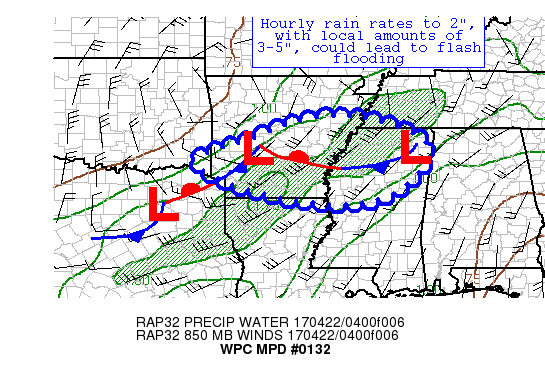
AREAS AFFECTED...SOUTHERN AR, NORTHERN MS, AND SOUTHWEST TN

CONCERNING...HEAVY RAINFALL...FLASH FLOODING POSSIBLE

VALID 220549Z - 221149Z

SUMMARY...CLUSTERS OF STRONG THUNDERSTORMS WITH HOURLY RAIN RATES
TO 2" COULD DROP LOCAL AMOUNTS OF 3-5", WHICH COULD LEAD TO FLASH
FLOODING.

DISCUSSION...A 05Z MESOSCALE ANALYSIS REVEALS A WAVY FRONTAL
BOUNDARY ACROSS NORTHEAST TX AND SOUTHWEST AR.  THE PRIMARY/MOST
IMPORTANT WAVE APPEARS TO BE NEAR SULPHUR SPRINGS TX.  DIVERGENCE
ALOFT IS BEING FOSTERED BY AN UPPER LOW IN SOUTHEAST KS.
CONVECTION DOWNSTREAM OF THE WAVE APPEARS TO BE TRYING TO
BRIDGE/TRAIN ACROSS SOUTHWEST AR AS OF LATE.  CIN IS MINIMAL IN
THIS REGION, SO THE CONVECTION IS NOT ALL THAT ELEVATED OVER
NEARBY BOUNDARIES.  PRECIPITABLE WATER VALUES OF 1.3-1.7" HAVE
BEEN SEEN IN RECENT GPS DATA.  INFLOW AT 850 HPA IS WEST-SOUTHWEST
AT 35-40 KTS, NEAR THE MAGNITUDE OF THE MEAN 850-400 HPA WIND.
BULK SHEAR IN THE 0-6 KM LAYER IS CLOSE TO 40 KTS PER THE SPC
MESOANALYSIS PAGE.  THE WIND FLOW IS NEARLY UNIDIRECTIONAL WITH
HEIGHT.  MUCAPES OF 1000-2000 J/KG LIE ACROSS NORTHEAST TX AND IN
SOUTHERNMOST AR.

WITH LOW-LEVEL INFLOW EXPECTED TO STRENGTHEN ANOTHER 5-10 KTS,
BACKBUILDING CONVECTION IS POSSIBLE.  THE PRIMARY ISSUE IS
EXPECTED TO BE CELL TRAINING, THOUGH EMBEDDED MESOCYCLONES IN THIS
ENVIRONMENT, AS SEEN RECENTLY IN SOUTHWEST AR, COULD AUGMENT THE
HEAVY RAIN RISK.  PROPAGATION SHOULD BE PARALLEL TO THE MUCAPE
GRADIENT, EAST-SOUTHEAST AT ~30 KTS.  HOURLY RAIN RATES UP TO 2",
WITH LOCAL AMOUNTS OF 3-5", APPEAR TO BE IN THE CARDS.  THE
GUIDANCE THAT SEEMS TO HAVE THE EXPECTED CONVECTIVE PATTERN
CAPTURED THE BEST IS THE 00Z SPCWRF, 00Z WRF4NSSL, 00Z NAM CONEST,
THE 00Z CANADIAN REGIONAL, AND TO SOME DEGREE THE 00Z GFS, THOUGH
THEY DON'T SEEM TO HAVE HANDLED THE POSSIBLE EASTWARD EXTENT VERY
WELL BASED ON RAP MASS FIELDS.  FLASH FLOODING IS CONSIDERED
POSSIBLE.